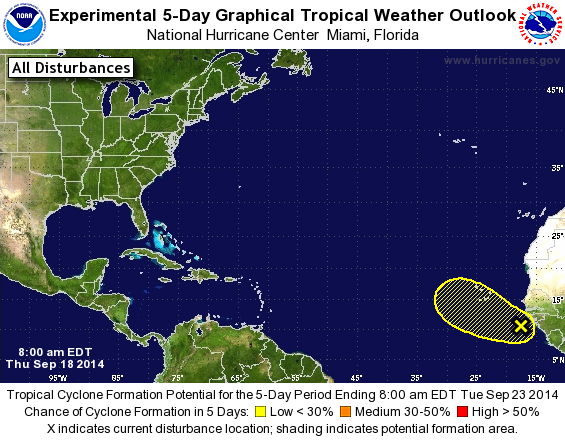
For the North Atlantic...Caribbean Sea and the Gulf of Mexico:

The National Hurricane Center is issuing advisories on Hurricane Edouard, located about 900 miles west of the western Azores.

1. A tropical wave, accompanied by a broad low pressure system, is located just off of the west coast of Africa. Although shower and thunderstorm activity remains disorganized, environmental conditions are expected to be at least marginally conducive for some gradual development of this system over the next several days while it moves slowly west-northwestward to northwestward over the far eastern tropical Atlantic.
* Formation chance through 48 hours...low...10 percent.
* Formation chance through 5 days...low...20 percent.

Forecaster Stewart